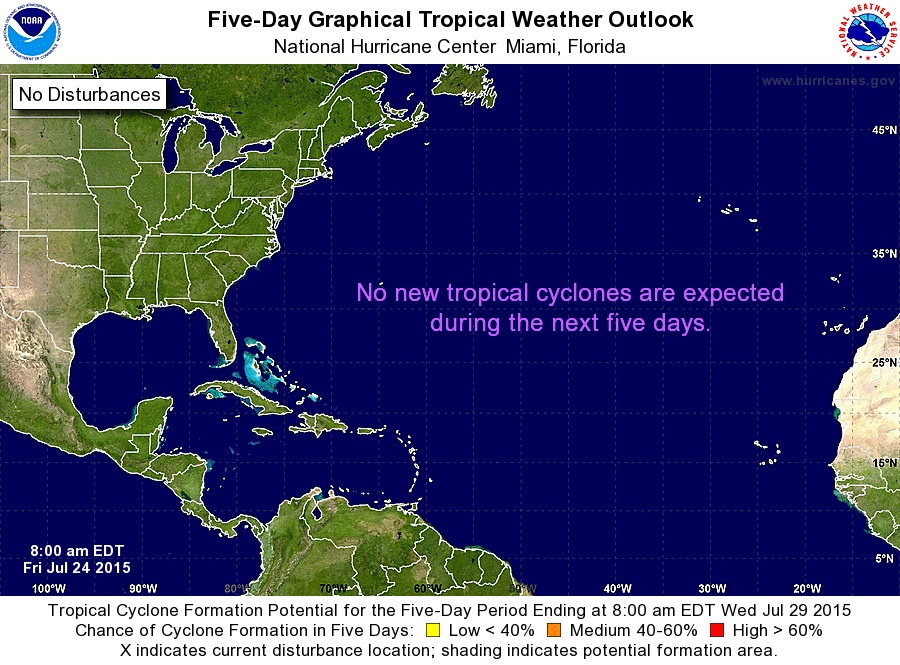
For the North Atlantic...Caribbean Sea and the Gulf of Mexico:

Tropical cyclone formation is not expected during the next 5 days.

Forecaster Roberts